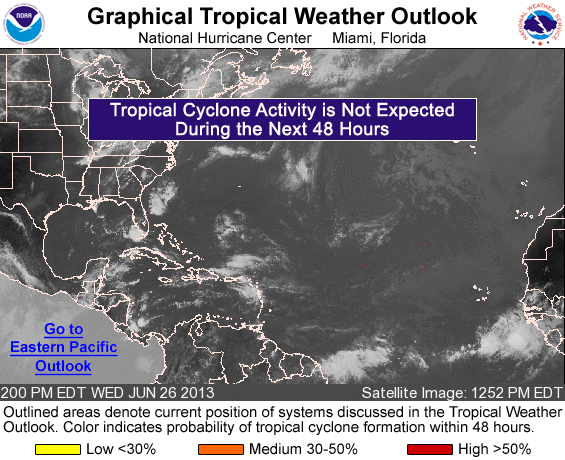
FOR THE NORTH ATLANTIC...CARIBBEAN SEA AND THE GULF OF MEXICO...

TROPICAL CYCLONE FORMATION IS NOT EXPECTED DURING THE NEXT 48 HOURS.

FORECASTER BEVEN